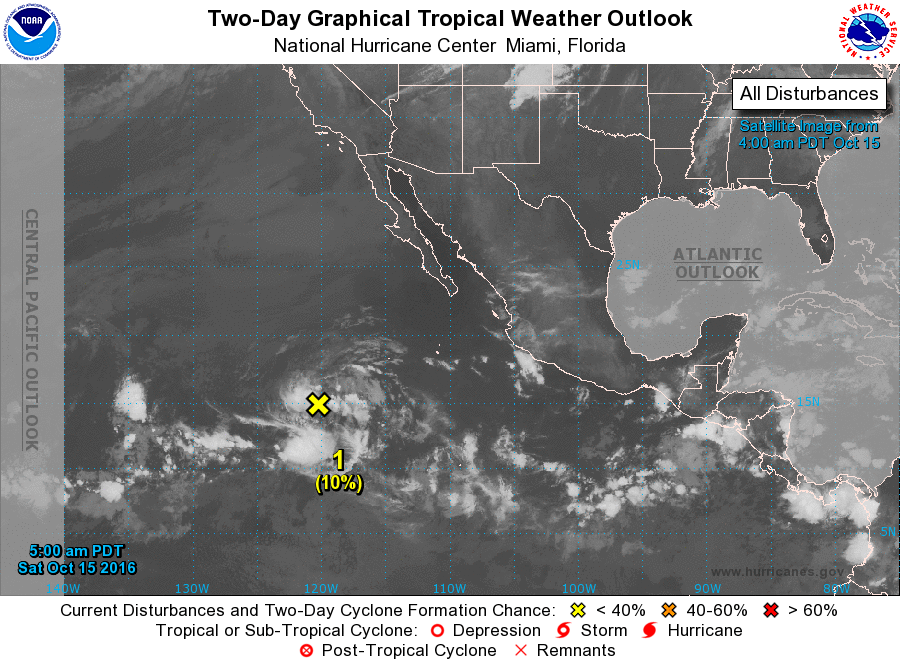
For the eastern North Pacific...east of 140 degrees west longitude:

1. A broad area of low pressure located about 850 miles southwest of the southern tip of the Baja California peninsula continues to produce disorganized shower and thunderstorm activity. Some gradual development of this disturbance is possible during the next several days while it moves generally westward at around 15 mph.
* Formation chance through 48 hours...low...10 percent
* Formation chance through 5 days...medium...50 percent

Forecaster Beven